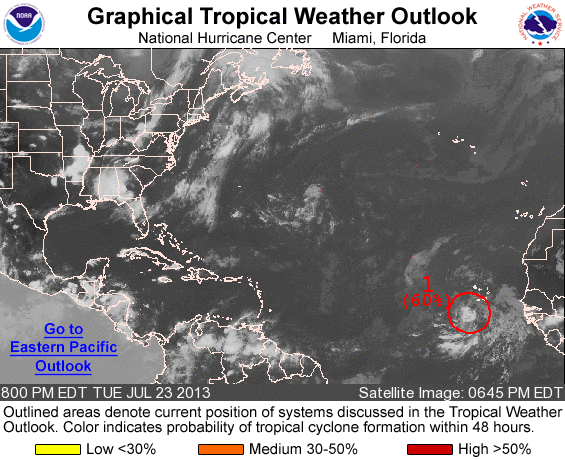
FOR THE NORTH ATLANTIC...CARIBBEAN SEA AND THE GULF OF MEXICO...

1. SHOWERS AND THUNDERSTORMS ASSOCIATED WITH A SURFACE LOW PRESSURE SYSTEM LOCATED A LITTLE MORE THAN 100 MILES SOUTH-SOUTHWEST OF THE CAPE VERDE ISLANDS HAVE CHANGED LITTLE IN ORGANIZATION. AN INCREASE IN THE AMOUNT AND ORGANIZATION OF THE THUNDERSTORM ACTIVITY COULD RESULT IN THE FORMATION OF A TROPICAL DEPRESSION... ALTHOUGH THE LOW WILL BE MOVING INTO AN ENVIRONMENT THAT IS LESS CONDUCIVE FOR DEVELOPMENT IN A DAY OR TWO. THIS SYSTEM HAS A HIGH CHANCE...60 PERCENT...OF BECOMING A TROPICAL CYCLONE DURING THE NEXT 48 HOURS AS IT MOVES WEST-NORTHWESTWARD AT ABOUT 20 MPH.

ELSEWHERE...TROPICAL CYCLONE FORMATION IS NOT EXPECTED DURING THE NEXT 48 HOURS.

FORECASTER BERG